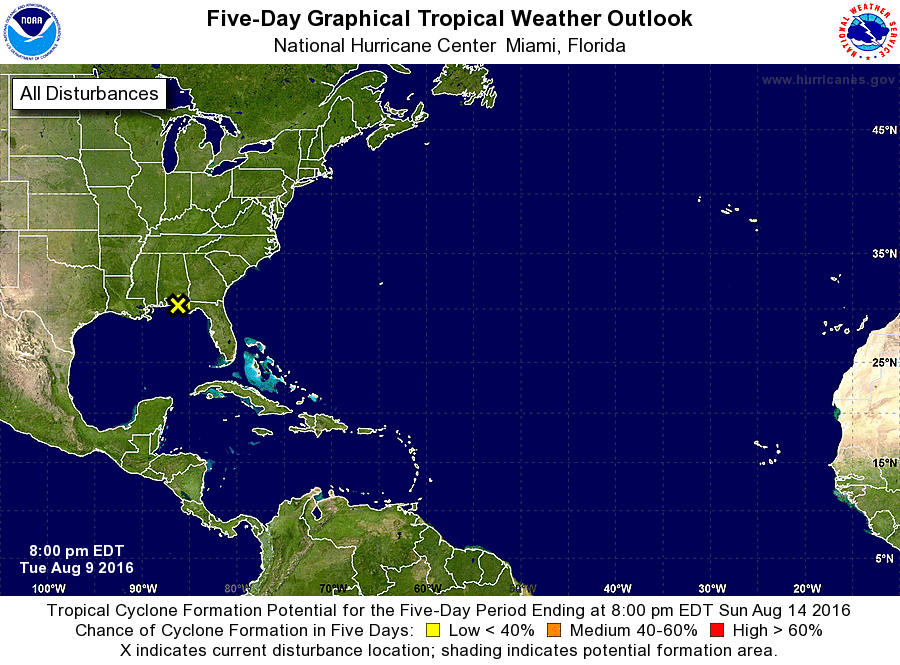
For the North Atlantic...Caribbean Sea and the Gulf of Mexico:

1. Widespread cloudiness and thunderstorms over the northeastern Gulf of Mexico are associated with a broad area of low pressure centered near the coast of the western Florida panhandle. This system is forecast to remain over land and development is not currently expected. However, locally heavy rains are possible along portions of the northern and northeastern coasts of the Gulf of Mexico during the next few days.
* Formation chance through 48 hours...low...near 0 percent
* Formation chance through 5 days...low...near 0 percent

Forecaster Beven